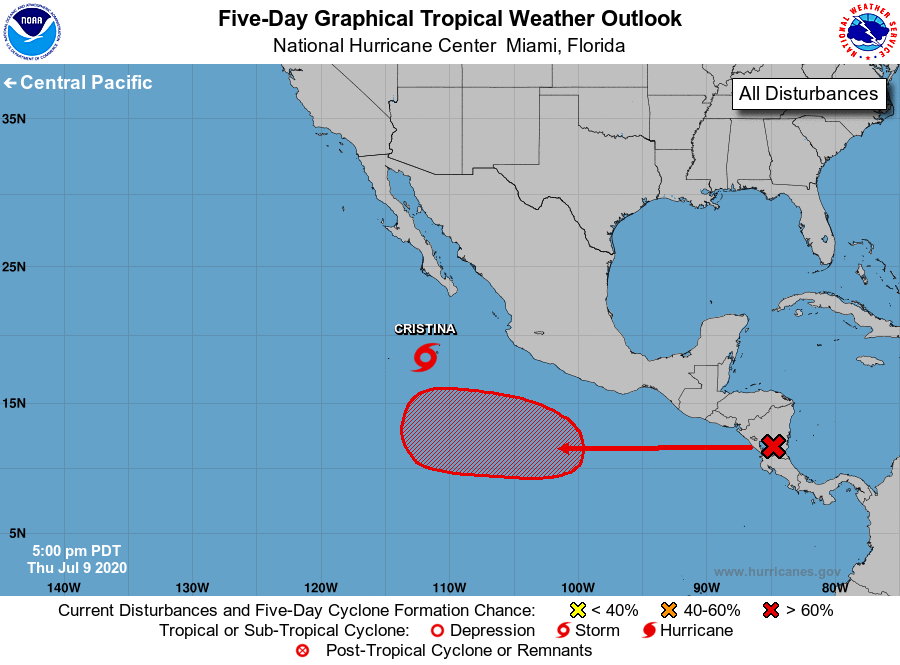
For the eastern North Pacific...east of 140 degrees west longitude:

The National Hurricane Center is issuing advisories on Tropical Storm Cristina, located just south of Socorro Island.

1. A strong tropical wave over central America is expected to move over the far eastern Pacific by the weekend. Environmental conditions are forecast to be conducive for development, and a tropical depression will likely form early next week while the system moves quickly westward well south of the coast of Mexico.
* Formation chance through 48 hours...low...10 percent.
* Formation chance through 5 days...high...70 percent.

Forecaster Blake